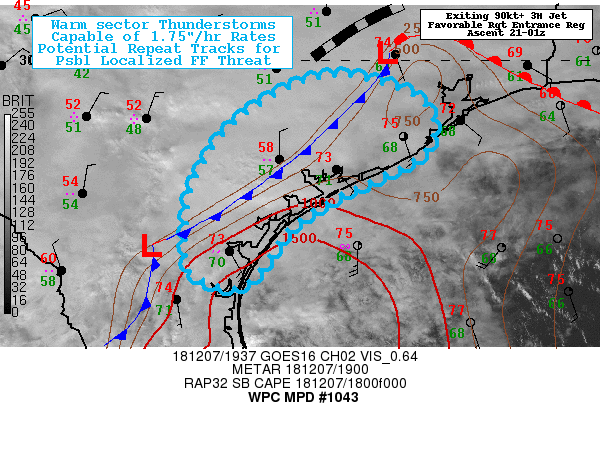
Areas affected...Central Coastal Plain of TX...

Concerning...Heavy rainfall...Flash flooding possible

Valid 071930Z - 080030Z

SUMMARY...Warm sector enhanced convection with potential for
repeat tracks, may lead to isolated flooding/flash flooding
through early evening.

DISCUSSION...GOES-16 WV suite depicts leading edge of greatest
height-falls are approaching across South Texas.  This leads to
favorable eastward shift of the ridge axis and placement of the
warm sector across the coastal plain of Texas to be within the
right entrance to the 90kt 3H jet streak enhancing vertical ascent
and strengthening of low level inflow fairly orthogonal to the
frontal zone draped from N of ALI to N of VCT to deepening surface
wave NW of Houston Metro area.  Sfc inflow of 15-20kts near CRP is
advecting high Theta-E air (70F Tds) off the Western Gulf, and
CIRA LPW fields suggesting saturated profiles starting to align
over the front leading to total PWat values in the vicinity of
1.75" per GPS network.  While cloud cover has limited solar
insolation, temps to 75F support 750-1250 J/kg of SBCAPEs with
consistent replenishing flow, though slowly veering with time.

10.3 um channel has shown continual shield of cooling tops, but
now embedded overshooting CBs in Bee/Goliad county have reached
-65C increasing the vertical depth for rainfall generation, likely
indicating rates up to 1.75"/hr are probable in the next few
hours.  Cell motions to the NE at 20kts are likely to limit the
duration at any given point to produce flash flooding, but it is
the veering wind profiles and persistent and slowly increasing LLJ
as the main height-falls approach that should support additional
upstream development.  As such repeat tracks are possible
especially near coastal zones where enhanced convergence from
friction at bay/inlet/cove intersections are likely to aid in the
redevelopment process.

Limiting factor is clearly dry antecedent conditions across the
region, though reduced soil infiltration due to transition to
winter ground conditions may support more runoff than FFG values
would suggest, still flash flooding should be limited in scale and
coverage, even the most aggressive Hi-Res CAMs such as the
GEM-Regional, HRRR and HRRR-Experimental are only 2-3" through
00z, from San Patricio to Wharton/Matagorda county.  Observational
trends are favoring these models' orientation and evolution to
suggest flash flooding may be possible through evening hours.